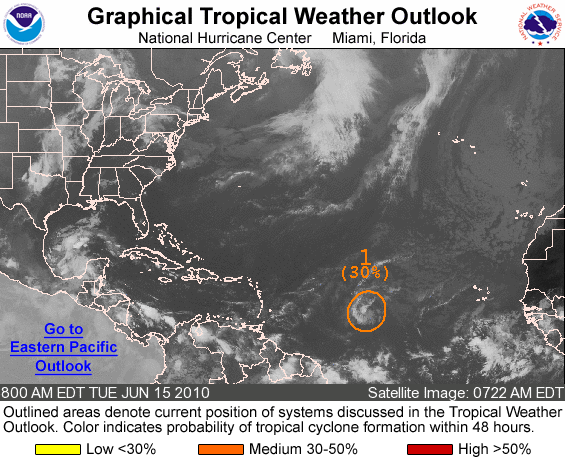
FOR THE NORTH ATLANTIC...CARIBBEAN SEA AND THE GULF OF MEXICO...

1. SHOWERS AND THUNDERSTORMS ASSOCIATED WITH THE LOW PRESSURE AREA LOCATED ABOUT 1100 MILES EAST OF THE LESSER ANTILLES HAVE BECOME LIMITED THIS MORNING. ENVIRONMENTAL CONDITIONS ARE EXPECTED TO BECOME LESS FAVORABLE FOR TROPICAL CYCLONE FORMATION DURING THE NEXT DAY OR SO. THE POTENTIAL FOR DEVELOPMENT HAS DECREASED AND THERE IS A MEDIUM CHANCE...30 PERCENT...OF THIS SYSTEM BECOMING A TROPICAL CYCLONE DURING THE NEXT 48 HOURS AS IT MOVES WEST- NORTHWESTWARD TO NORTHWESTWARD AT ABOUT 15 MPH.

ELSEWHERE...TROPICAL CYCLONE FORMATION IS NOT EXPECTED DURING THE NEXT 48 HOURS.

FORECASTER BROWN